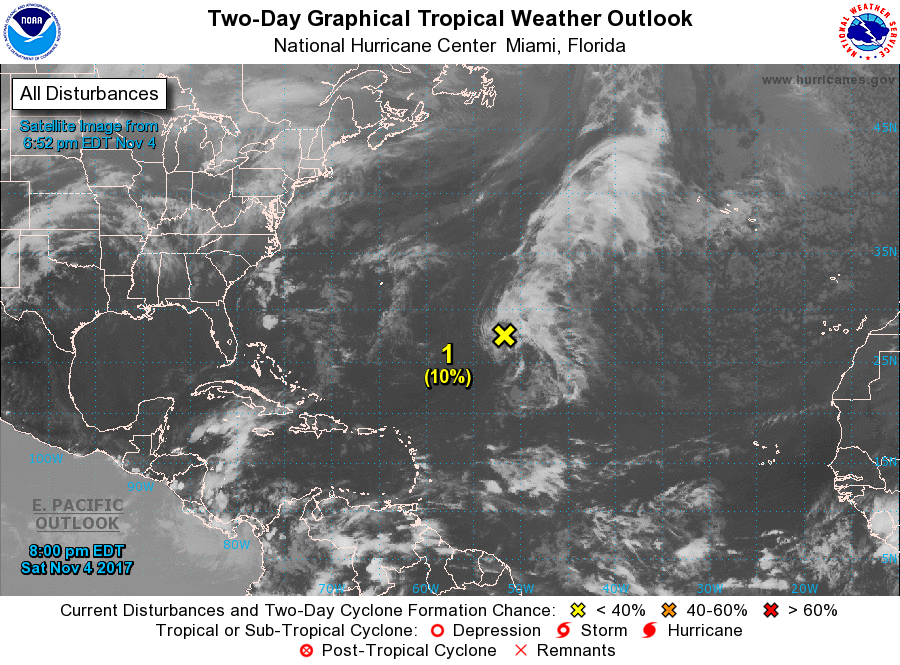
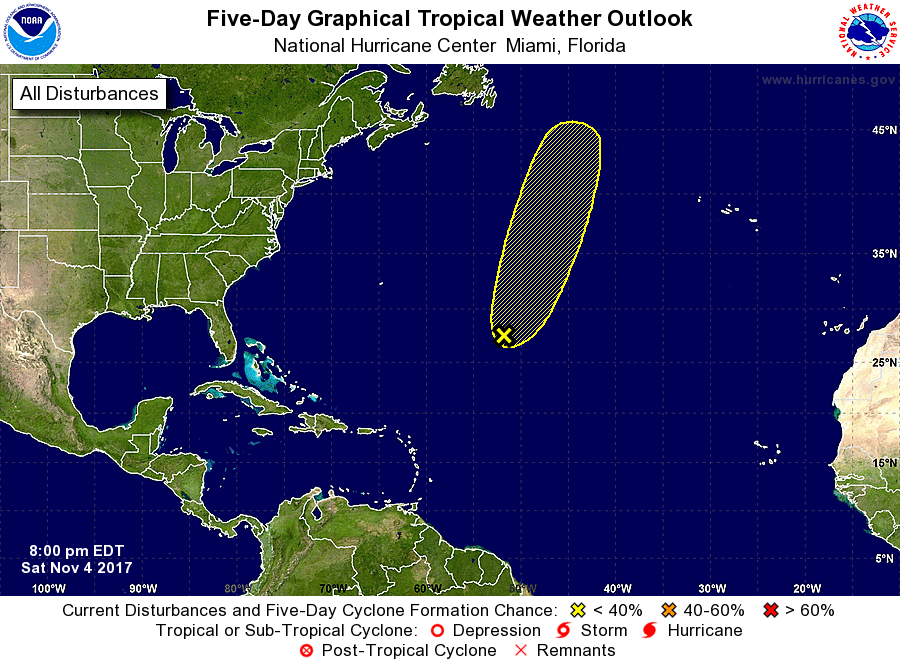
For the North Atlantic...Caribbean Sea and the Gulf of Mexico:

1. An elongated low pressure area centered about 850 miles east- southeast of Bermuda continues to produce disorganized showers and thunderstorms. This low could acquire some tropical or subtropical characteristics as it moves to the north-northeast over the central Atlantic through this weekend into the middle of next week.
* Formation chance through 48 hours...low...10 percent.
* Formation chance through 5 days...low...30 percent.

Forecaster Beven